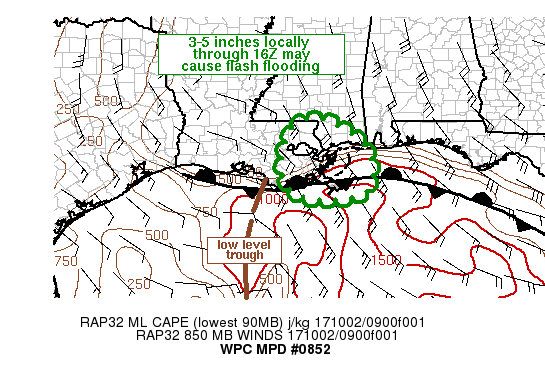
AREAS AFFECTED...FAR SERN LA INTO SRN MS

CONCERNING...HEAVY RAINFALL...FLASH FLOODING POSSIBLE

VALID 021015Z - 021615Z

SUMMARY...AN INCREASE IN CONVECTION IS EXPECTED TO DEVELOP IN AND
AROUND THE MISSISSIPPI DELTA IN THE NEXT COUPLE OF HOURS. RAINFALL
RATES NEAR 2 IN/HR ALONG WITH TRAINING MAY LEAD TO LOCALIZED FLASH
FLOODING.

DISCUSSION...EXPERIMENTAL GOES 16 SHORTWAVE IR IMAGERY SHOWED THE
NRN END OF A LOW LEVEL INVERTED TROUGH PROPAGATING WWD ALONG THE
CNTRL GULF COAST AT 10Z. VAD WIND PLOTS AT 850 MB MATCH RECENT RAP
850 MB WIND DEPICTIONS WITH SELY FLOW OF 20-30 KT EAST OF THE
TROUGH AXIS AND ELY FLOW OF 10-15 KT WEST OF THE TROUGH. A
QUASI-STATIONARY FRONT WAS ANALYZED ROUGHLY EAST TO WEST...JUST
OFFSHORE OF THE CNTRL GULF COAST WITH A SHARP GRADIENT IN MLCAPE
DEPICTED ALONG THE BOUNDARY VIA RECENT DATA FROM THE SPC
MESOANALYSIS PAGE. MLCAPE VALUES SOUTH OF THE FRONT WERE ESTIMATED
TO RANGE FROM 500-1500 J/KG AT 09Z. A MAX IN PRECIPITABLE WATER
VALUES WAS REFLECTED ON LOOPS OF BLENDED TPW IMAGERY MOVING TOWARD
THE WEST IN THE NRN GULF OF MEXICO WITH GPS DATA NOTING INCREASING
VALUES ALONG THE MISSISSIPPI DELTA WITH 2.1 TO 2.3 INCHES REPORTED
AT 09Z.

WHILE THE SATELLITE PRESENTATION ON EXPERIMENTAL GOES 16 10.3
MICRON CLEAN WINDOW IR IMAGERY TO THE EAST OF THE MISSISSIPPI
DELTA WAS NOT TOO IMPRESSIVE AS OF 10Z WITH ONLY A FEW SMALL
CLUSTERS OF COLDER CLOUD TOPS...THERE IS POTENTIAL FOR A RAPID
INCREASE IN COVERAGE EARLY THIS MORNING POST SUNRISE WITH THE
ONSET OF DIABATIC HEATING AND AS INSTABILITY IS ADVECTED TO THE
NORTH ATOP THE STATIONARY FRONT. AS THE LOW LEVEL TROUGH AXIS
CONTINUES WEST OF THE NEXT FEW HOURS...AN ELONGATED FETCH OF SELY
LOW LEVEL FLOW IS EXPECTED TO FOCUS INTO SERN LOUISIANA AND SRN
MISSISSIPPI...WHERE ISENTROPIC ASCENT ATOP THE QUASI-STATIONARY
BOUNDARY IS EXPECTED TO FOCUS ONE OR TWO AXES OF HEAVY RAIN.
FORECAST SOUNDINGS SUGGEST TRAINING OF CELLS FROM SOUTHEAST TO
NORTHWEST AND THE ENVIRONMENT WILL BE SUPPORTIVE OF RAINFALL RATES
NEAR 2 IN/HR WITH LOCALIZED 6 HOUR TOTALS OF 3-5 INCHES EXPECTED.
THIS MAY BE ESPECIALLY PROBLEMATIC NEAR AND SOUTH OF NEW ORLEANS
OVER NRN JEFFERSON/PLAQUEMINES PARISHES WHERE FLASH FLOOD GUIDANCE
IS LOWERED FROM RECENT HEAVY RAIN.